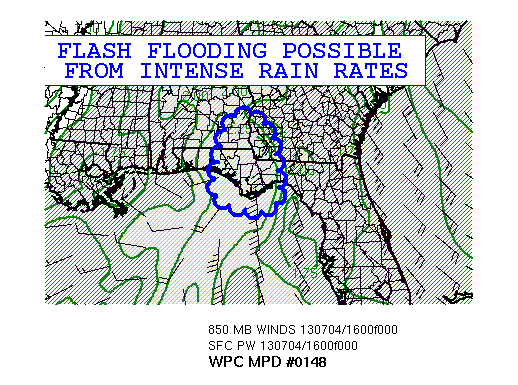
AREAS AFFECTED......FL PANHANDLE TO ADJACENT SOUTHERN AL/SOUTHWEST
GA...

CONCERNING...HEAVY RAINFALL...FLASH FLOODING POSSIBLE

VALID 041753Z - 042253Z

SUMMARY...BANDS AND CLUSTERS OF HEAVY RAIN ARE FORECAST TO
CONTINUE TO MOVE ONSHORE AND PRODUCE  HEAVY RAIN AND CONTINUE A
THREAT OF FLASH FLOODING.

DISCUSSION...THE COMBINATION OF ENHANCED MOISTURE AND LIFT WHERE
HEAVY RAIN HAS OCCURRED OVERNIGHT AND THIS MORNING CONTINUES THE
THREAT OF FLASH FLOODING IN THE FL PANHANDLE TO ADJACENT SOUTHERN
AL AND SOUTHWEST GA.

THE ECMWF SHOWS CONTINUED 300 MB DIVERGENCE AND A WELL DEFINED
BOUNDARY LAYER MOISTURE CONVERGENCE IN THE FL PANHANDLE THROUGH
00Z. SATELLITE AND RADAR SHOWS CLUSTERS OF SHOWERS WITH EMBEDDED
THUNDERSTORMS WITH SPORADIC OVERSHOOTING TOPS. THE MOTION OF THE
CLUSTER WAS TOWARDS THE FL PANHANDLE FROM THE GULF OF MEXICO WHILE
RADAR SHOWS MERGING BANDS AND A POSSIBLE MID LEVEL CIRCULATION ON
THE EGLIN AFB RADAR NEAR THE FL/AL BORDER.  RAINFALLS OF TWO
INCHES IN 3 HOURS HAVE BEEN OBSERVED THIS MORNING IN THE FL
PANHANDLE.

HIGH AVAILABLE MOISTURE IS IN PLACE WITH PW VALUES AROUND 2.25
INCHES.  THESE VALUES ARE FORECAST TO PERSIST AS WATER VAPOR
IMAGERY SHOWS LITTLE CHANGE IN THE AXIS OF HIGHEST MOISTURE
STREAMING ONSHORE AND INLAND.  850-700 MB MOISTURE FLUX ANOMALIES
OF 4-5 STD DEVIATIONS ABOVE NORMAL REINFORCE THE MOISTURE
AVAILABLE TO PRODUCE HEAVY RAIN.

MEAN LAYER WINDS ARE OUT OF THE SOUTH NEAR 25 KT SO THIS PROVIDES
PRIMARY NORTH CELL/CLUSTER MOTION ACROSS THE PANHANDLE.  CORFIDI
VECTORS ARE LIGHT TO THE SOUTHEAST...SO THE RESULTANT MOTION IS TO
THE NORTH-NORTHEAST.  THE RESULT MAY BE THAT THE ONGOING HEAVY
RAIN CONTINUES AND PRODUCES RAIN CAPABLE OF EXCEEDING THE 3-4 INCH
FLASH FLOOD GUIDANCE IN THIS AREA.

THE 12Z HIRES WRF-NMM/12Z SPC WRF/06Z NAM CONUS NEST/15Z HIGH
RESOLUTION RAPID REFRESH ALL AGREE ON A CONTINUED THREAT OF 3-4
INCHES 18-00Z. WITH LATEST FLASH FLOOD GUIDANCE VALUES NEAR 4
INCHES IN 6 HOURS...SMALL AREAS MAY RECEIVE MORE RAIN THAN THE
FLASH FLOOD GUIDANCE VALUES.